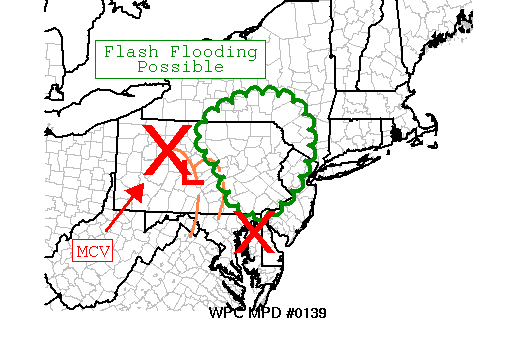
AREAS AFFECTED......PORTIONS OF PA/NY/NJ...

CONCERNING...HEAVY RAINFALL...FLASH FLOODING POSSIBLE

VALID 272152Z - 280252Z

SUMMARY...FLASH FLOODING IS POSSIBLE ACROSS PORTIONS OF EASTERN
PENNSYLVANIA...SOUTHERN NEW YORK...AND NORTHWEST NEW JERSEY THIS
EVENING.

DISCUSSION...A MESOSCALE CONVECTIVE VORTEX (MCV) OVER NORTHWEST
PENNSYLVANIA CONTINUES TO DRIFT SLOWLY EASTWARD INTO A
CONDITIONALLY UNSTABLE AND PROGRESSIVELY MOIST ENVIRONMENT.  RADAR
AND SATELLITE IMAGERY...ALONG WITH VAD WIND PROFILER DATA AND RAP
ANALYSES...SUGGEST THAT THE MCV EXTENDS THROUGH THE MAJORITY OF
THE TROPOSPHERE AND THUS IS WELL ORGANIZED...WITH THE ATMOSPHERE
NEAR AND AHEAD OF ITS LOCATION RESPONDING QUICKLY THROUGH DEEP
ASCENT TO MAINTAIN BALANCE.  REGIONAL AND IN PARTICULAR THE STATE
COLLEGE WSR-88D SUGGEST THAT A MESOBETA-SCALE LOW EXISTS NEAR
STATE COLLEGE AND CONNECTS WITH MULTIPLE DEEP-LAYER TROUGHS WHICH
ARE ENHANCING AND MAGNIFYING ASCENT.  A LESS VIGOROUS MCV EXISTS
OVER EASTERN MARYLAND WHICH IS ACCELERATING NORTHWARD TOWARD THE
RISK AREA.  THE ATMOSPHERE WITHIN THE RISK AREA IS ALSO EXTREMELY
MOIST...WITH PRECIPITABLE WATER VALUES NEARING 1.75 INCHES...AND A
RELATIVELY MOIST BOUNDARY LAYER AND DEEP TROPOSPHERIC PROFILES
FAVORING BACK-BUILDING CELL DEVELOPMENT GIVEN THE RELATIVELY WEAK
WIND PROFILES AND SLOWLY CHANGING CONDITIONS.

WHILE HI-RESOLUTION MODEL GUIDANCE DISAGREE ON THE EXACT PLACEMENT
OF ADDITIONAL HEAVY RAIN...CONSENSUS EXISTS THAT THE OVERALL
CONDITIONS ARE VERY FAVORABLE FOR HEAVY RAIN TO GRADUALLY EXPAND
ACROSS THE RISK AREA THROUGH THE EVENING AS THE MCV CONTINUES TO
DRIFT SLOWLY EASTWARD INTO THE PROGRESSIVE MOIST AND UNSTABLE
ENVIRONMENT.  RAINFALL RATES ARE EXPECTED TO AVERAGE 0.5 TO 0.75
INCHES PER HOUR WITHIN THE HEAVIER AND MORE PERSISTENT CORES.
HOWEVER...AREAS IMMEDIATELY AHEAD OF THE MESOBETA-SCALE LOW AND
WITHIN THE DEEPER MOISTURE COULD RECEIVE RAINFALL RATES OF 1 TO 2
INCHES PER HOUR...POSSIBLY LASTING FOR 2 HOURS OR MORE.  FFG
VALUES ARE GENERALLY HIGH ACROSS EASTERN PENNSYLVANIA BEFORE
FALLING SLIGHTLY OVER PARTS OF NEW YORK AND NEW JERSEY.
HOWEVER...THE ACCUMULATION OF LOCALLY HIGH RAINFALL RATES WITH
TRAINING CELLS AND POSSIBLY LOCAL ENHANCEMENT FROM UPSLOPE
FLOW...FAVORS A LOW PROBABILITY...25 TO 40 PERCENT...OF EXCEEDING
1 TO 3-HOURLY FLASH FLOOD GUIDANCE SOMEWHERE WITHIN THE RISK AREA.